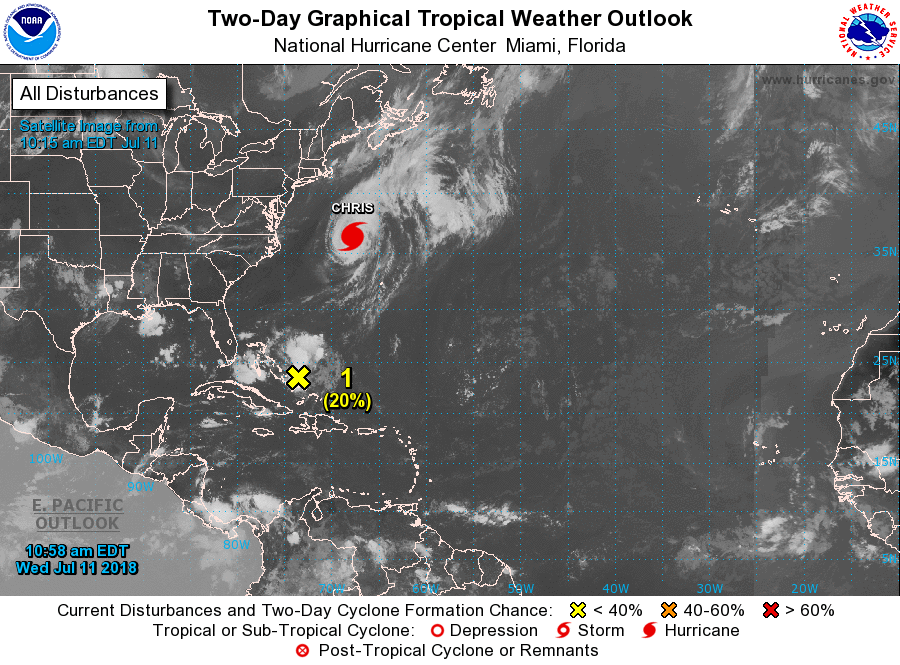
For the North Atlantic...Caribbean Sea and the Gulf of Mexico:

The National Hurricane Center is issuing advisories on Hurricane Chris, located more than 300 miles east of the North Carolina Outer Banks.

1. A large area of cloudiness and disorganized thunderstorms associated with the remnants of Beryl is located over much of the Bahamas and extends northwestward over the western Atlantic for a few hundred miles. Little or no development is expected today, but conditions could become a little more favorable later in the week while the disturbance moves slowly northward over the western Atlantic. The previously scheduled Air Force Reserve reconnaissance flight to investigate the disturbance this afternoon has been canceled. Additional information on this system can be found in High Seas Forecasts issued by the National Weather Service.
* Formation chance through 48 hours...low...20 percent.
* Formation chance through 5 days...medium...50 percent.

High Seas Forecasts issued by the National Weather Service can be found under AWIPS header NFDHSFAT1, WMO header FZNT01 KWBC, and on the Web at http://ocean.weather.gov/shtml/NFDHSFAT1.shtml.

Forecaster Stewart